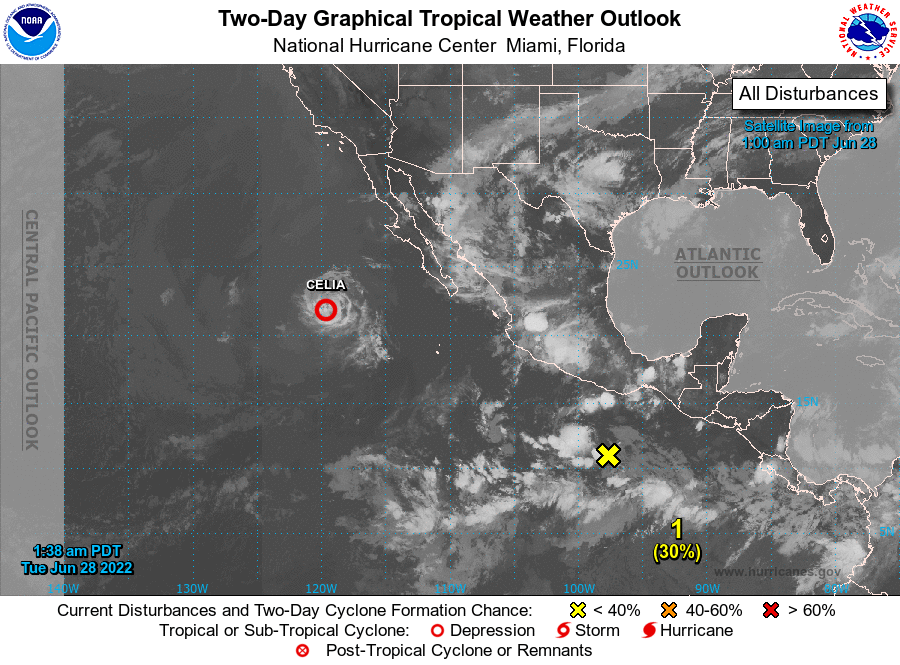
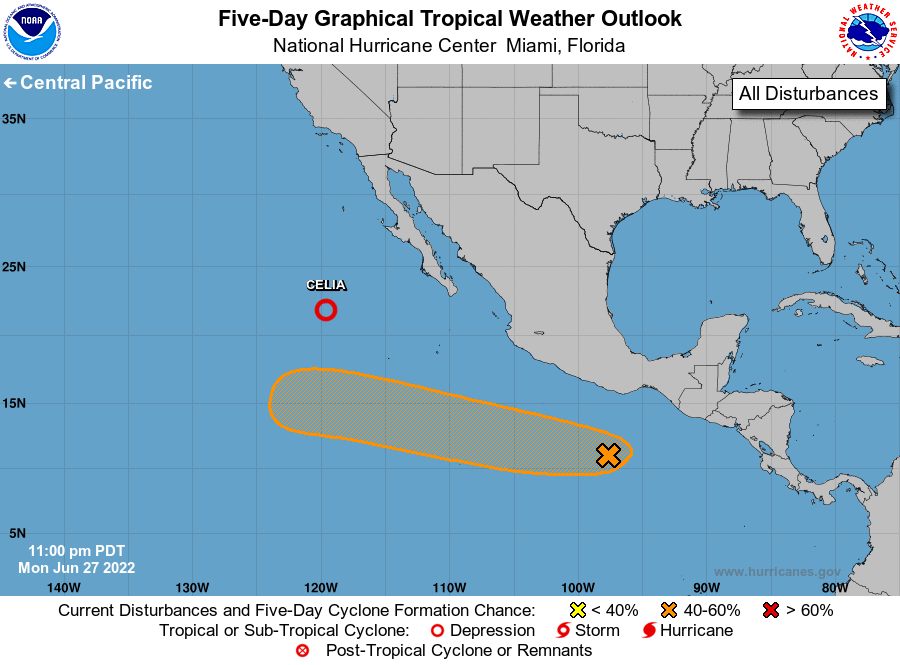
For the eastern North Pacific...east of 140 degrees west longitude:

Active Systems: The National Hurricane Center is issuing advisories on Tropical Storm Celia, located several hundred miles west-southwest of the southern tip of the Baja California Peninsula.

1. Offshore of Southern Mexico: A small but well-defined area of low pressure located a few hundred miles offshore of the coast of southern Mexico continues to produce disorganized shower and thunderstorm activity mainly north and west of the center. Environmental conditions are forecast to become more conducive for gradual development during the next few days, and a tropical depression could form by this weekend while the system moves westward to west-northwestward at 10 to 15 mph.
* Formation chance through 48 hours...low...30 percent.
* Formation chance through 5 days...medium...40 percent.

Forecaster Papin